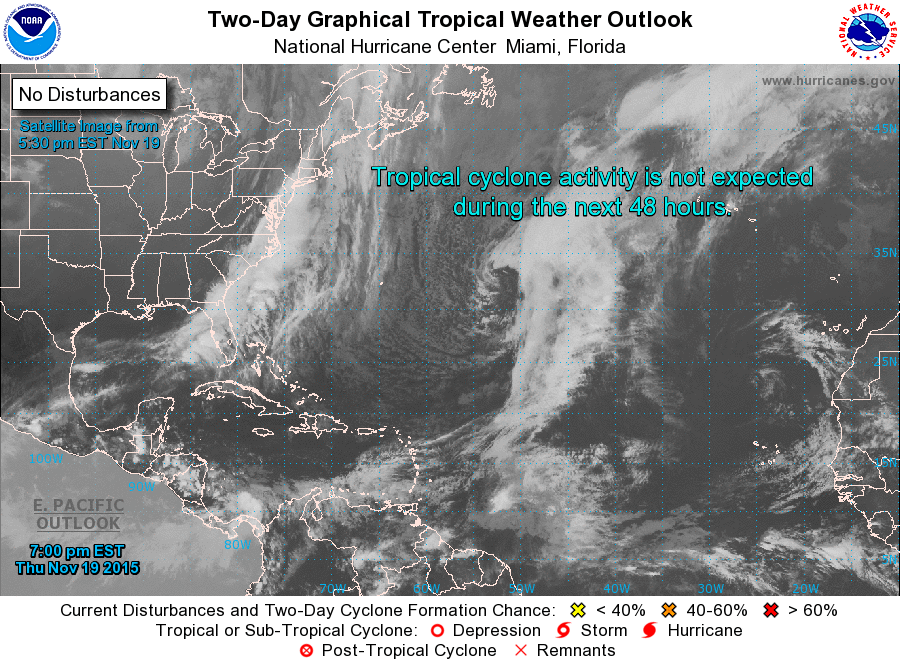
For the North Atlantic...Caribbean Sea and the Gulf of Mexico:

Tropical cyclone formation is not expected during the next 5 days.

Forecaster Avila